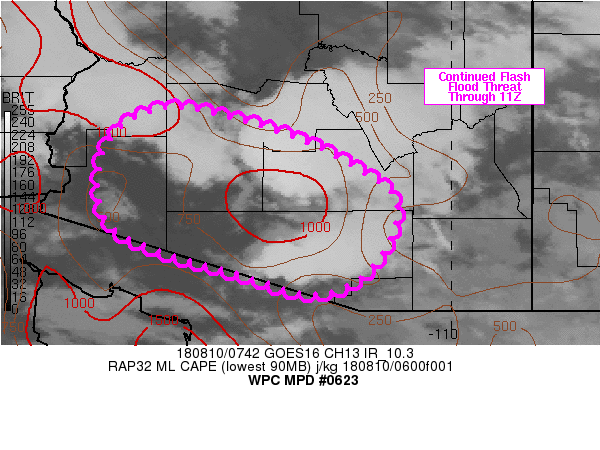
Areas affected...southern AZ

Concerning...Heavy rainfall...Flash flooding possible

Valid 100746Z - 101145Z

Summary...A threat of flash flooding will continue for another 2-4
hours before convection moves through southern AZ and/or
dissipates.

Discussion...GOES 16 infrared imagery showed convection that was
propagating southwestward from eastern AZ became reinvigorated
over the past 1-2 hours over central AZ. Reported rainfall rates
east of Mesa, AZ in Maricopa county were between 1-1.5 inches in
20-30 minutes ending 0630Z. While the ongoing cluster of storms
over Maricopa and Pinal counties has been moving toward the
southwest at approximately 30 kt, sufficient moisture and
instability remains to produce heavy rainfall rates and possible
flash flooding downstream.

The SPC mesoanalysis from 07Z showed 500-1000+ J/kg MLCAPE just
ahead of the forward propagating cluster of storms with a 10-20
degree surface temperature differential between the cold pool and
locations out ahead of it which should be sufficient to keep the
cluster propagating southwestward into the remaining instability
pool. Continued short term rain rates of 1 to 1.5 inches are
expected to continue for another 2-4 hours at which point the
cluster will have reached the Mexico border and/or weakened in
intensity, ending the flash flood threat across southern AZ.